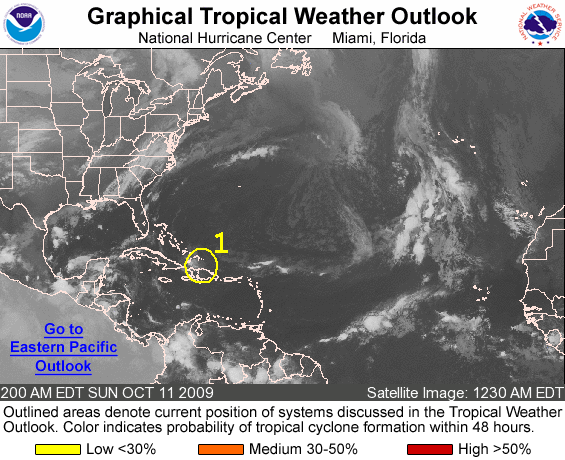
FOR THE NORTH ATLANTIC...CARIBBEAN SEA AND THE GULF OF MEXICO...

1. SHOWER ACTIVITY HAS DIMINISHED THIS EVENING IN ASSOCIATION WITH THE REMNANTS OF TROPICAL DEPRESSION HENRI...LOCATED JUST NORTH OF THE DOMINICAN REPUBLIC. THERE IS A LOW CHANCE...LESS THAN 30 PERCENT... OF THIS SYSTEM BECOMING A TROPICAL CYCLONE DURING THE NEXT 48 HOURS AS IT MOVES WESTWARD AT 10 TO 15 MPH.

ELSEWHERE...TROPICAL CYCLONE FORMATION IS NOT EXPECTED DURING THE NEXT 48 HOURS.

FORECASTER BEVEN